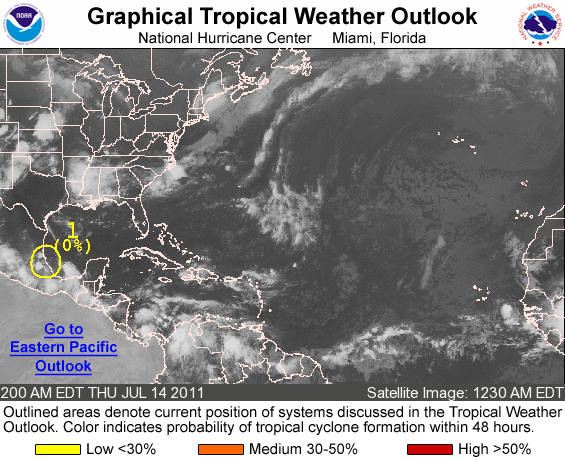
FOR THE NORTH ATLANTIC...CARIBBEAN SEA AND THE GULF OF MEXICO...

1. SATELLITE AND SURFACE OBSERVATIONS INDICATE THAT A LOW PRESSURE AREA IS ALONG THE COAST OF MEXICO NEAR TUXPAN. THE SYSTEM IS MOVING NORTHWESTWARD AND IS EXPECTED TO MOVE INTO EASTERN MEXICO WITHOUT SIGNIFICANT DEVELOPMENT. THERE IS A LOW CHANCE...NEAR 0 PERCENT... OF BECOMING A TROPICAL CYCLONE. CLOUDINESS AND SHOWERS WILL CONTINUE TO AFFECT PORTIONS OF EASTERN MEXICO AS THE LOW CONTINUES TO MOVE INLAND.

ELSEWHERE...TROPICAL CYCLONE FORMATION IS NOT EXPECTED DURING THE NEXT 48 HOURS.

FORECASTER BEVEN